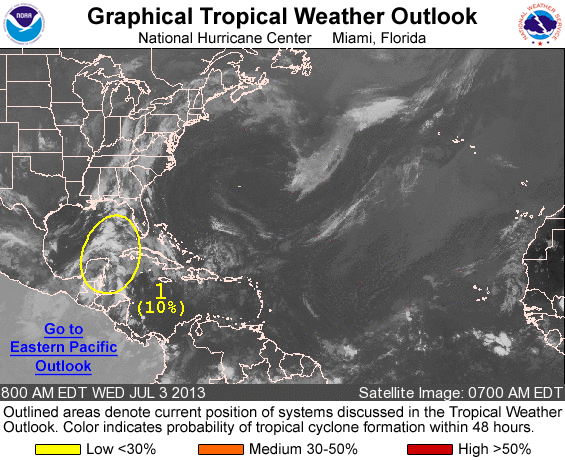
FOR THE NORTH ATLANTIC...CARIBBEAN SEA AND THE GULF OF MEXICO...

1. A BROAD TROUGH OF LOW PRESSURE IS PRODUCING DISORGANIZED SHOWERS AND THUNDERSTORMS ACROSS THE EASTERN GULF OF MEXICO SOUTHWARD INTO THE NORTHWESTERN CARIBBEAN SEA. UPPER-LEVEL WINDS COULD BECOME MARGINALLY CONDUCIVE FOR DEVELOPMENT DURING THE NEXT COUPLE OF DAYS WHILE THE DISTURBANCE MOVES GENERALLY WESTWARD TOWARD THE WESTERN GULF OF MEXICO. THIS SYSTEM HAS A LOW CHANCE...NEAR 10 PERCENT... OF BECOMING A TROPICAL CYCLONE DURING THE NEXT 48 HOURS.

ELSEWHERE...TROPICAL CYCLONE FORMATION IS NOT EXPECTED DURING THE NEXT 48 HOURS.

FORECASTER BERG